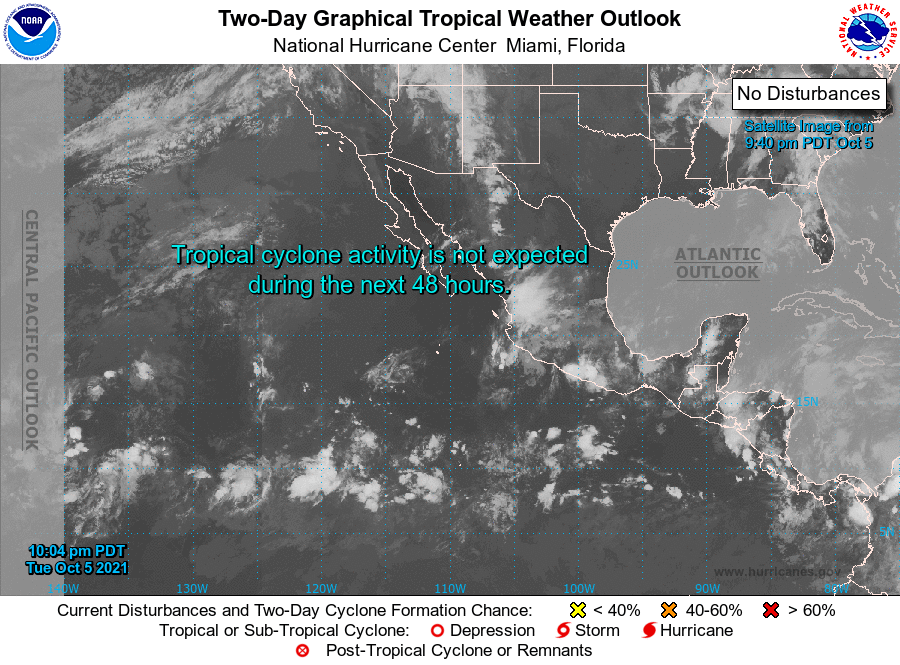
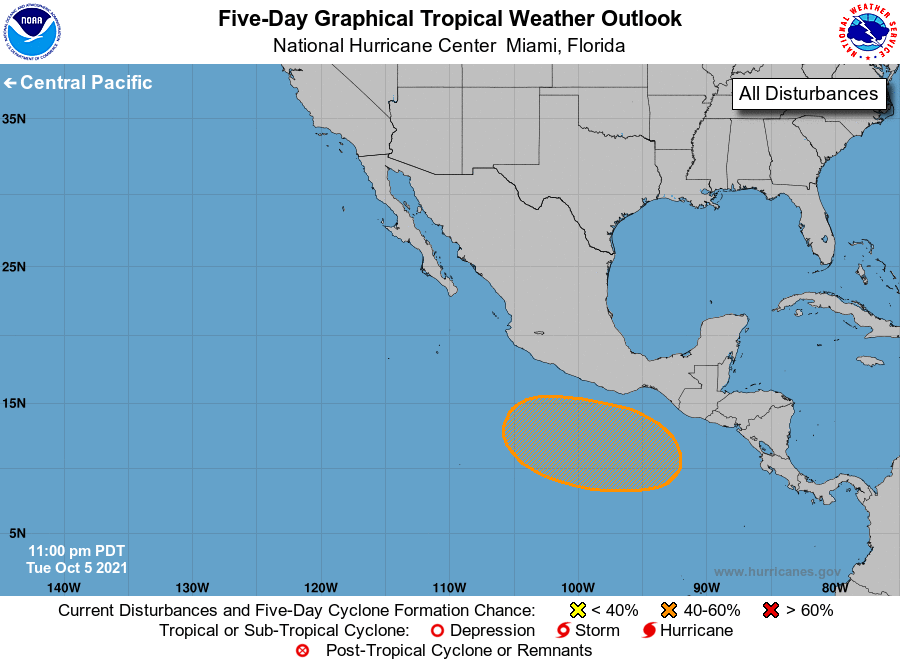
For the eastern North Pacific...east of 140 degrees west longitude:

1. An area of low pressure is forecast to form well off the coast of Central America and southern Mexico by the end of the week. Gradual development of the system is possible thereafter, and a tropical depression could form over the weekend while it moves westward to west-northwestward.
* Formation chance through 48 hours...low...near 0 percent.
* Formation chance through 5 days...medium...50 percent.

Forecaster Cangialosi